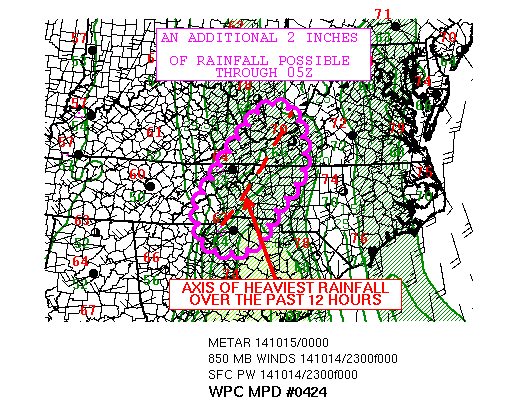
AREAS AFFECTED......WESTERN NC/WESTERN VA/SOUTHERN WV...

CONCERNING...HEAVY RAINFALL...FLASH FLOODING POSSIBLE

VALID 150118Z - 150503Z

SUMMARY....LOW TOPPED CONVECTION WILL PRODUCE HEAVY RAIN OVER
AREAS THAT RECEIVED AS MUCH AS 4 INCHES OF RAIN IN THE PAST 12
HOURS. THE ADDITIONAL RAINFALL COULD RESULT IN FLASH FLOODING.

DISCUSSION...THE COMBINATION OF MINIMAL INSTABILITY AND
PRECIPITABLE WATER VALUES BETWEEN 1.60 AND 1.90 INCHES WILL FEED
LOW TOPPED CONVECTION MOVING NORTHWARD ACROSS NORTHWEST
SC...WESTERN NC AND WESTERN VA. MESONET OBSERVATIONS AND RADAR
ESTIMATES INDICATE THAT RAINFALL RATES OVER AN INCH AN HOUR HAVE
ACCOMPANIED THE CONVECTION AS IT MOVES THROUGH NORTHWEST SC.

THE CONVECTION IS FOLLOWING THE REMAINING INSTABILITY AND MOISTURE
ACROSS AREAS THAT RECEIVED BETWEEN 2 AND 4 INCHES OF RAIN DURING
THE PAST 12 HOURS. THE LATEST HRRR AND RAP SUGGESTS THAT ENOUGH
INSTABILITY REMAINS TO SUSTAIN THE CURRENT CONVECTION THROUGH
ABOUT 05Z. BOTH MODELS SHOW QPF AMOUNTS NEAR 2 INCHES DURING THAT
TIME... ESPECIALLY ACROSS WESTERN NC AND WESTERN VA.

THE EARLIER RAINFALL HAS LOWERED ONE HOUR FLASH FLOOD GUIDANCE TO
AS LOW AS AN INCH ACROSS PORTIONS OF WESTERN NC AND WESTERN VA.
THE ADDITIONAL RAINFALL COULD RESULT IN ADDITIONAL FLASH
FLOODING...AND EXACERBATION OF EARLIER FLOODING.

INSTABILITY SHOULD BECOME THE LIMITING FACTOR FOR SUSTAINING THE
CONVECTION...AND AS MENTIONED EARLIER...THE LATEST HIGH RESOLUTION
GUIDANCE SUGGESTS THAT THE CONVECTION SHOULD WEAKEN AFTER 05Z.